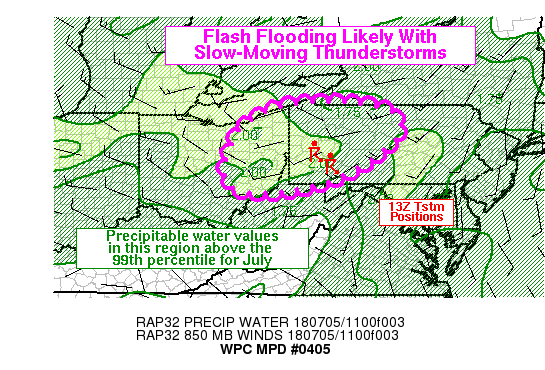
AREAS AFFECTED...WRN PA...ERN OH...NRN WV PANHANDLE

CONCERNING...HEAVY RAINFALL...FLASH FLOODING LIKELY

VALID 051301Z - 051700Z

SUMMARY...SLOW-MOVING THUNDERSTORMS ARE EXPECTED TO CONTINUE IN A
SCATTERED FASHION OVER WESTERN PENNSYLVANIA AND ADJACENT AREAS
THIS MORNING. THESE STORMS MAY PRODUCE AROUND 2-3 INCHES OF RAIN
IN AN HOUR IF THEY CAN MAINTAIN IN A FOCUSED AREA FOR THAT AMOUNT
OF TIME...WHICH WOULD LIKELY PRODUCE FLASH FLOODING.

DISCUSSION...KPBZ RADAR SHOWS SLOW-MOVING CONVECTION IN FAR
WESTERN PENNSYLVANIA THIS MORNING. THE 12Z SOUNDING FROM KPIT WAS
ALREADY QUITE UNSTABLE...WITH OVER 2000 J/KG OF AVAILABLE CAPE FOR
A PARCEL SOURCE LAYER AROUND 900-850MB. THE 2.05 INCH PWAT WAS
NEAR THE UPPER ECHELON OF THE OBSERVED SOUNDING RECORD AT THAT
SITE...AND ANALYSIS OF THE INITIAL MODEL STATES SHOWS A BROAD AREA
OF PWATS AROUND OR ABOVE THE 99TH PERCENTILE IN THE REGION. THE
SOUNDING...AND REGIONAL RADAR VWPS...SHOW A BROAD AREA OF WESTERLY
FLOW AROUND 900-850MB AROUND 10-15 KNOTS IN MAGNITUDE. THIS WOULD
BE SUFFICIENT TO ENABLE STORM ORGANIZATION AND PERHAPS ALLOW FOR
SOME BACKBUILDING TOWARD A REGION OF GREATER INSTABILITY IN
EASTERN OHIO. THIS APPEARS TO BE HAPPENING WITH SOME OF THE SMALL
CLUSTERS OF CONVECTION ON THE KPBZ RADAR. THEREFORE...A
COMBINATION OF BACKBUILDING AND OVERALL SLOW STORM MOTION (NEAR
THE AXIS OF A MID-UPPER LEVEL RIDGE) SHOULD CONTINUE THROUGH THE
MORNING HOURS.

GIVEN THE SLOW STORM MOTIONS AND VERY MOIST AND UNSTABLE
ATMOSPHERE...VERY HEAVY RAIN RATES WILL BE POSSIBLE AND CONVECTION
SHOULD BE VERY EFFICIENT AT RAINFALL PRODUCTION. MRMS AND KPBZ
DUAL POL HAVE ALREADY ESTIMATED SOME RAIN RATES AS HIGH AS 2-3
IN/HR IN SOME LOCATIONS. THESE WOULD REACH AROUND 200 PERCENT OR
MORE OF FLASH FLOOD GUIDANCE IN SOME AREAS...AND BE VERY LIKELY TO
PRODUCE FLASH FLOODING.